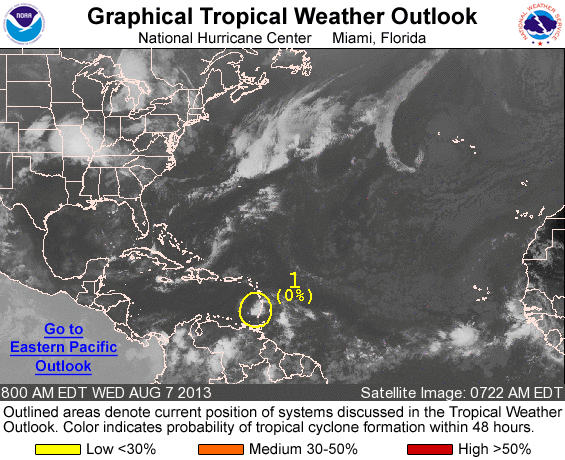
FOR THE NORTH ATLANTIC...CARIBBEAN SEA AND THE GULF OF MEXICO...

1. CLOUDINESS AND SHOWERS ASSOCIATED WITH A WEAK AREA OF LOW PRESSURE ARE MOVING WESTWARD ACROSS THE WINDWARD ISLANDS AND THE EASTERN CARIBBEAN SEA. ENVIRONMENTAL CONDITIONS ARE FORECAST TO BE UNFAVORABLE FOR DEVELOPMENT OVER THE NEXT SEVERAL DAYS. THIS SYSTEM HAS A LOW CHANCE...NEAR 0 PERCENT...OF BECOMING A TROPICAL CYCLONE DURING THE NEXT 48 HOURS...AND A LOW CHANCE...NEAR 0 PERCENT... DURING THE NEXT 5 DAYS.

FIVE-DAY FORMATION PROBABILITIES ARE EXPERIMENTAL IN 2013. COMMENTS ON THE EXPERIMENTAL FORECASTS CAN BE PROVIDED AT...

HTTP://WWW.NWS.NOAA.GOV/SURVEY/NWS-SURVEY.PHP?CODE=ETWO

FORECASTER AVILA